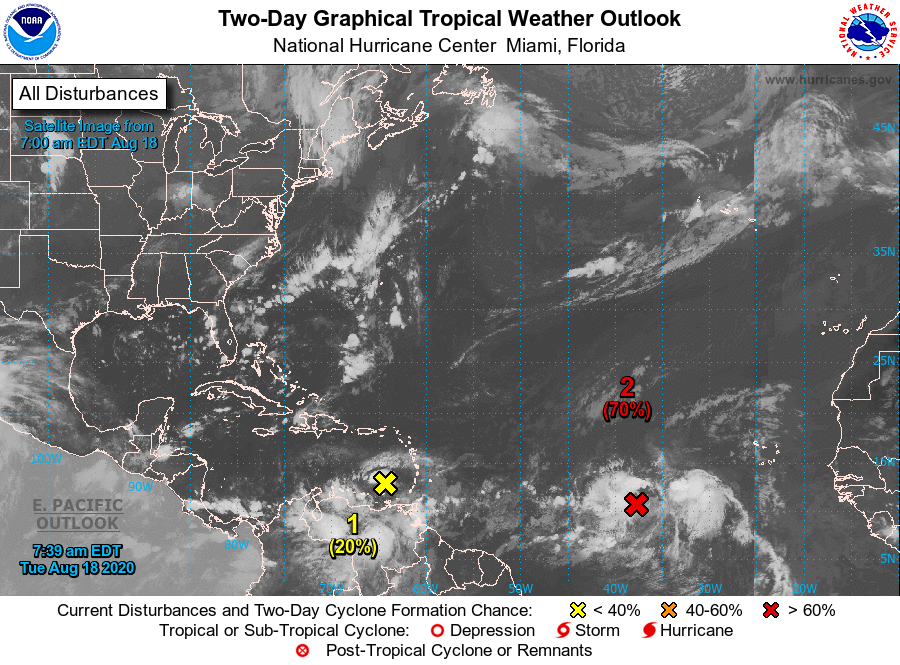
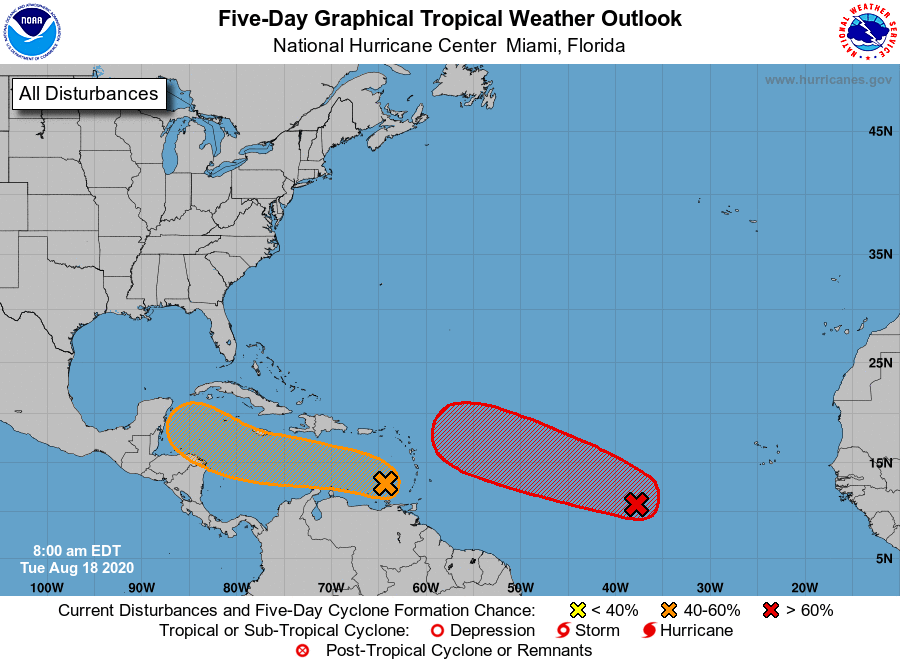
For the North Atlantic...Caribbean Sea and the Gulf of Mexico:

1. A tropical wave over the eastern Caribbean Sea is producing an area of disorganized thunderstorms and gusty winds. Significant development of this system is unlikely during the next couple of days while it moves quickly westward at about 20 mph across the eastern and central Caribbean Sea. After that time, however, the wave is forecast to move more slowly westward, and a tropical depression could form late this week or this weekend when it reaches the northwestern Caribbean Sea.
* Formation chance through 48 hours...low...20 percent.
* Formation chance through 5 days...medium...60 percent.

2. A broad area of low pressure located about 900 miles west-southwest of the Cabo Verde Islands is producing a concentrated area of showers and thunderstorms. Environmental conditions are conducive for further development, and a tropical depression is likely to form within the next couple of days while the system moves westward to west-northwestward at 15 to 20 mph across the central and western portions of the tropical Atlantic.
* Formation chance through 48 hours...high...70 percent.
* Formation chance through 5 days...high...90 percent.

Forecaster Cangialosi